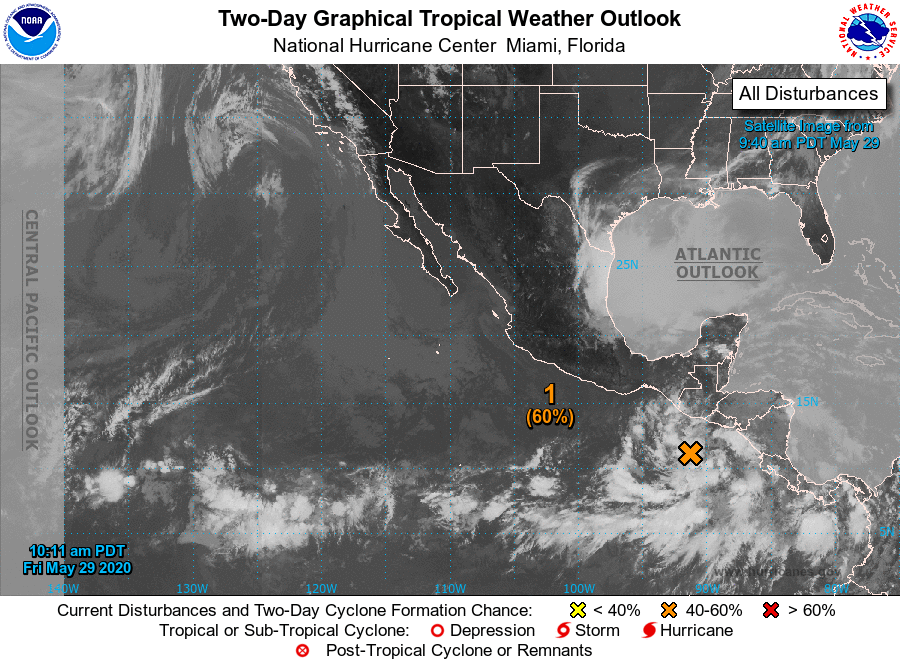
For the eastern North Pacific...east of 140 degrees west longitude:

1. Shower and thunderstorm activity has become better organized today in association with a broad area of low pressure located a couple of hundred miles south of the coasts of Central America and southern Mexico. Environmental conditions appear conducive for gradual development and a tropical depression could form this weekend. This disturbance is expected to move slowly northward toward Central America and southern Mexico during the next couple of days.

Regardless of development, this system is expected to produce heavy rainfall over portions of Central America and southern Mexico this weekend and early next week. These rains could cause life-threatening flash floods and mudslides, especially in areas of mountainous terrain. See products from your local meteorological service for additional information.
* Formation chance through 48 hours...medium...60 percent.
* Formation chance through 5 days...high...70 percent.

Forecaster Latto